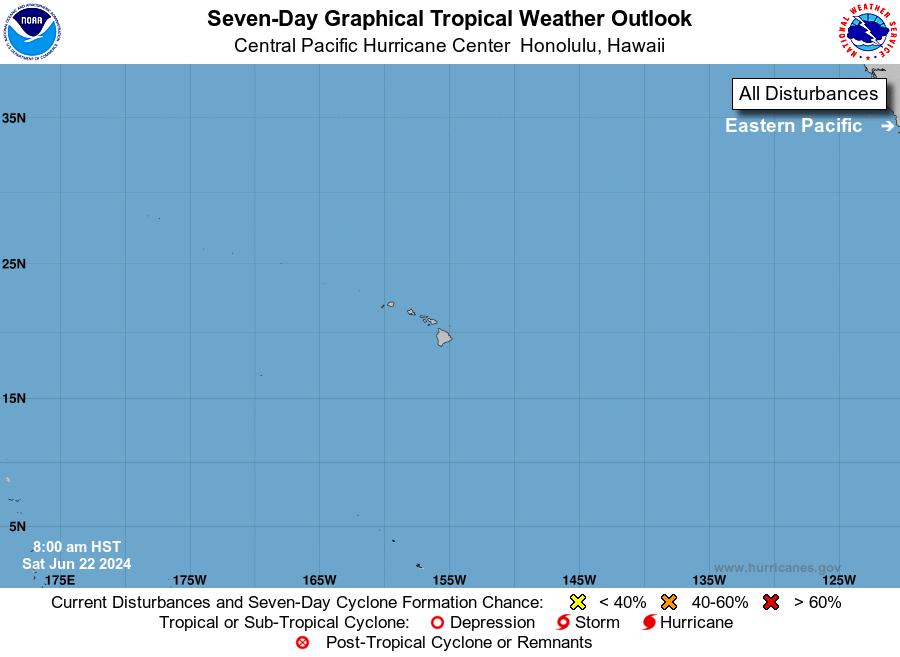
For the central North Pacific...between 140W and 180W:

No tropical cyclones are expected during the next 7 days.

Forecaster JVC